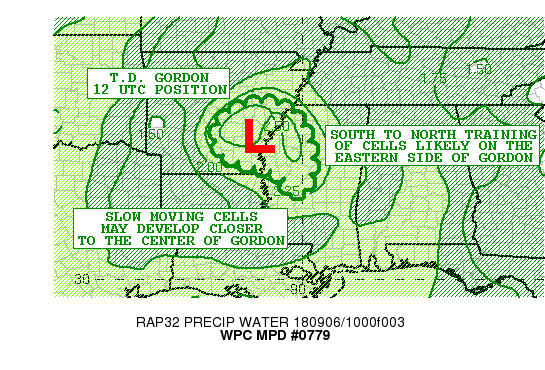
Areas affected...Northwest Mississippi...southeast Arkansas

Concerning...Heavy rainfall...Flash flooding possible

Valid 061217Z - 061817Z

Summary...T.D. Gordon will continue to drift slowly westward this
morning across southeast Arkansas.  A band of south to  north
training cells likely to continue on the eastern side of the
circulation...continuing the flash flood threat.

Discussion...This is an update of mesoscale precipitation
discussion #0078 that expired 1230 UTC.  A well defined south to
north oriented precipitation area expected to persist to the east
of Gordon this morning as the depression slowly pushes westward
across southeast Arkansas.  The overall slow westward movement to
the depresssion will also result in only a slow movement to this
south to north oriented precipitation area to its east.  Training
of cells in a south to north direction likely through this
morning.  In areas of training...small scale areas of 1.5-2"+ per
hour rainfall rates likely.  The overall areal extent of the heavy
to excessive rainfall near Gordon is expected to remain small
today...but still remain significant given the slow movement and
warm rain processes.

In addition to the south to north training cells to the east of
Gordon...the latest hi res guidance...including the latest hrrr
runs..do suggest slow moving cells may develop closer to the
center of circulation over southeast Arkansas.  For this reason,
the risk area was extended westward into southeast Arkansas.
Hourly rainfall rates of 1"+ possible with these slow moving cells.